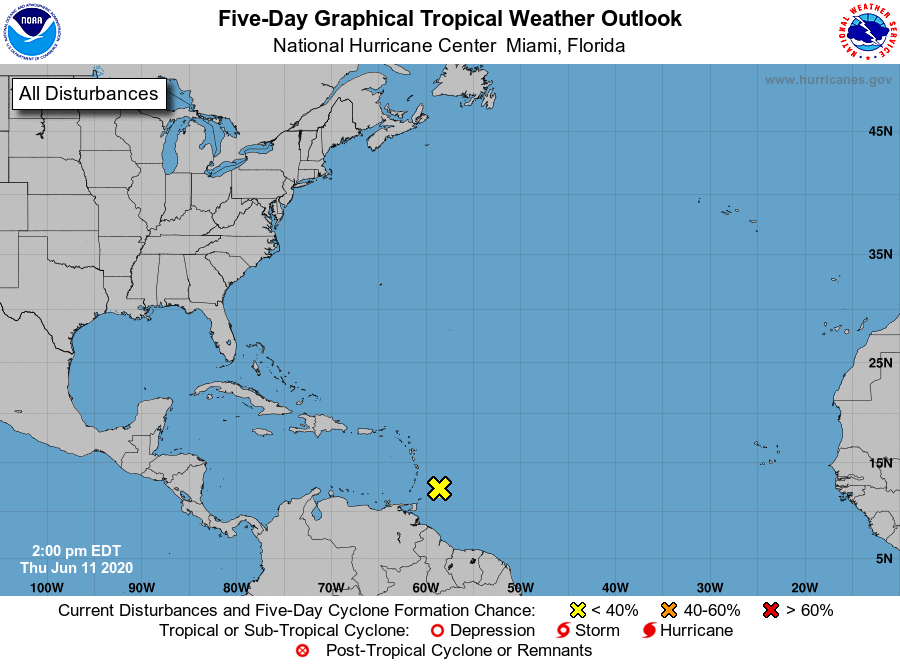
For the North Atlantic...Caribbean Sea and the Gulf of Mexico:

1. An area of disorganized showers located about 200 miles east of the Windward Islands is associated with a tropical wave. Significant development is not anticipated due to inhibiting environmental conditions while the system moves over the Windward Islands later tonight.
* Formation chance through 48 hours...low...near 0 percent.
* Formation chance through 5 days...low...near 0 percent.

Forecaster Roberts